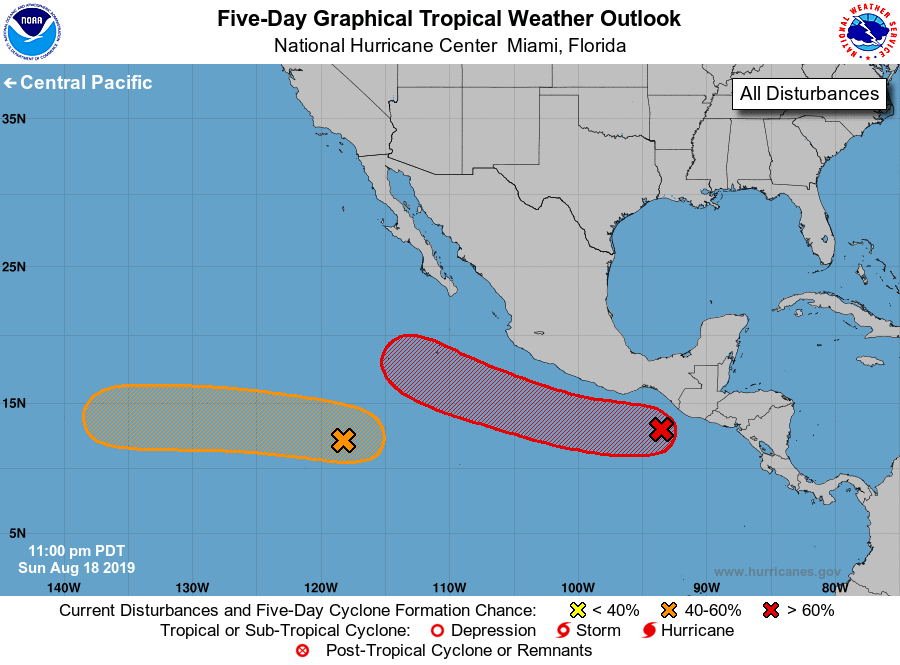
For the eastern North Pacific...east of 140 degrees west longitude:

1. An elongated area of low pressure located a couple of hundred miles south of Guatemala and southeastern Mexico is producing disorganized showers and thunderstorms. However, environmental conditions are forecast to become more conducive for development during the next couple of days, and a tropical depression is expected to form by Tuesday or Wednesday while the low moves west-northwestward at about 10 mph parallel to the coast of Mexico. Moisture associated with this disturbance could produce heavy rainfall and possible flash flooding across portions of Guatemala and southeastern Mexico during the next couple of days.
* Formation chance through 48 hours...medium...50 percent.
* Formation chance through 5 days...high...90 percent.

2. A well-defined low pressure system located more 900 miles southwest of the southern tip of the Baja California peninsula continues to produce a large area of cloudiness and thunderstorms. Environmental conditions are expected to gradually improve, and a tropical depression could form during the next few days while the system moves westward to west-northwestward at about 10 mph.
* Formation chance through 48 hours...medium...40 percent.
* Formation chance through 5 days...medium...60 percent.

Forecaster Stewart